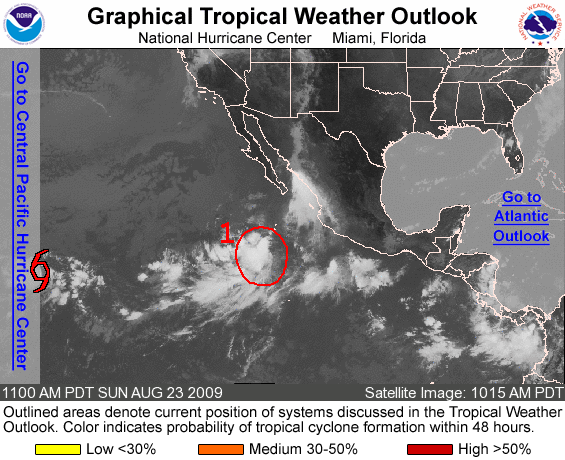
FOR THE EASTERN NORTH PACIFIC...EAST OF 140 DEGREES WEST LONGITUDE..

TROPICAL STORM HILDA HAS ENTERED THE CENTRAL PACIFIC BASIN AND IS LOCATED ABOUT 1070 MILES EAST-SOUTHEAST OF HILO HAWAII. THE NEXT ADVISORY ON HILDA WILL BE ISSUED BY THE CENTRAL PACIFIC HURRICANE CENTER.

1. A BROAD AREA OF LOW PRESSURE HAS FORMED ABOUT 450 MILES WEST- SOUTHWEST OF MANZANILLO MEXICO IN ASSOCIATION WITH A TROPICAL WAVE. THIS SYSTEM IS GRADUALLY BECOMING BETTER ORGANIZED AND HAS THE POTENTIAL TO DEVELOP INTO A TROPICAL DEPRESSION DURING THE DAY OR TWO AS IT MOVES WEST-NORTHWEST AT 10 TO 15 MPH. THERE IS A HIGH CHANCE...GREATER THAN 50 PERCENT...OF THIS SYSTEM BECOMING A TROPICAL CYCLONE DURING THE NEXT 48 HOURS.

ELSEWHERE...TROPICAL CYCLONE FORMATION IS NOT EXPECTED DURING THE NEXT 48 HOURS.

PUBLIC ADVISORIES ON HILDA ARE ISSUED UNDER WMO HEADER WTPZ31 KNHC AND UNDER AWIPS HEADER MIATCPEP1. FORECAST/ADVISORIES ARE ISSUED UNDER WMO HEADER WTPZ21 KNHC AND UNDER AWIPS HEADER MIATCMEP1.

FORECASTER KIMBERLAIN/PASCH